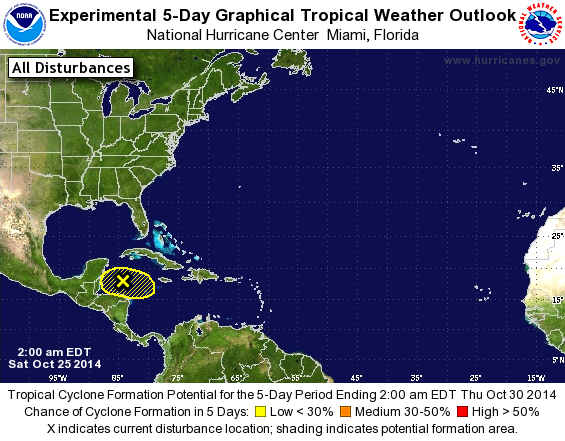
For the North Atlantic...Caribbean Sea and the Gulf of Mexico:

1. A broad trough of low pressure over the northwestern Caribbean Sea is associated with the remnants of Tropical Depression Nine. This system is producing disorganized showers and thunderstorms, and redevelopment, if any, will be slow to occur while the trough meanders for the next few days.
* Formation chance through 48 hours...low...10 percent.
* Formation chance through 5 days...low...20 percent.

Forecaster Beven